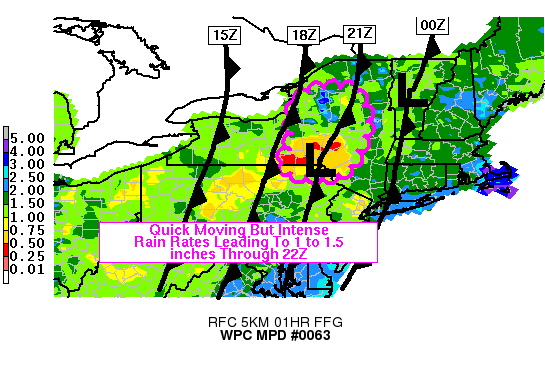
AREAS AFFECTED...PORTIONS OF CNTRL NY

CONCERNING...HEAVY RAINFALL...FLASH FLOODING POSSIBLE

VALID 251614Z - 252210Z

SUMMARY...RAINFALL RATES OF 0.5 TO 1.0 IN/HR OVER A 1-2 HR PERIOD
ARE EXPECTED TO MOVE THROUGH PORTIONS OF CNTRL NY EARLY THIS
AFTERNOON. DUE TO LOW FLASH FLOOD GUIDANCE AND HIGH STREAM
LEVELS...FLASH FLOODING WILL BE POSSIBLE ON A LOCALIZED BASIS.

DISCUSSION...AT 16Z...REGIONAL RADAR IMAGERY AND LIGHTNING
DETECTION SHOWED A NNE-SSW ORIENTED AXIS OF LIGHT TO MODERATE
RAINFALL WITH EMBEDDED HEAVY RAINFALL FROM THUNDERSTORMS TRACKING
RAPIDLY THROUGH WRN NY. KCCX RADAR ALSO SHOWED AN INCREASE IN
REFLECTIVITY VALUES OVER THE PAST 30 MINUTES OVER CLINTON AND
LYCOMING COUNTIES IN N-CNTRL PA. THE ACTIVITY IS OCCURRING AHEAD
OF A COLD FRONT MOVING STEADILY EWD THROUGH WRN NY AND PA. GOES
EAST WATER VAPOR IMAGERY SHOWED THAT A POTENT SHORTWAVE TROUGH
AXIS MOVING THROUGH THE OHIO VALLEY WAS ACQUIRING A NEGATIVE TILT
AS OF 1545Z. 12Z RAOBS ALSO SHOWED A 100 TO 110 KT JET STREAK AT
500 MB BETWEEN DTX AND ILN WHICH IS FORECAST TO TRANSLATE TO THE
SRN ONTARIO/QUEBEC BORDER BETWEEN 18Z AND 21Z...LEAVING THE RIGHT
ENTRANCE REGION OF THE JET STREAK OVER CNTRL NY ALONG WITH
INCREASING MID-UPPER DIFFLUENCE.

WHILE INSTABILITY IS WEAK...AT OR ABOUT 500 J/KG...AND NEARLY
MAXED OUT OVER MUCH OF NY DUE TO CLOUD COVER...INCREASING
DYNAMICAL SUPPORT ALOFT SHOULD HELP TO INCREASE RAINFALL INTENSITY
INTO THE 0.5 TO 1.0 IN/HR RANGE OVER THE NEXT 2-3 HOURS. WHILE THE
AXIS OF RAINFALL WILL BE PROGRESSIVE AHEAD OF THE COLD FRONT...A
PERIOD OF 1-2 HOURS OF THESE RAINFALL RATES IS LIKELY TO ECLIPSE
FLASH FLOOD GUIDANCE IN A FEW AREAS. WHILE FLASH FLOOD GUIDANCE IS
UNUSUALLY LOW...0.25 TO 0.75 IN/HR IN A FEW LOCATIONS ACROSS
S-CNTRL NY AND 1 INCH IN 3 HOURS FOR LOCATIONS EAST OF LAKE
ONTARIO INTO THE MOHAWK VALLEY...NATIONAL WATER MODEL ANALYSES
INDICATE STREAMFLOWS ACROSS THE REGION ARE RUNNING MUCH ABOVE
NORMAL LIKELY TO DUE RECENT SNOW MELT. WHILE THE SITUATION DOES
NOT REPRESENT A TYPICAL FLASH FLOOD SETUP...THERE ARE SIGNALS
POINTING TO A FEW LOCALIZED RUNOFF ISSUES ACROSS PORTIONS OF
UPSTATE NY THROUGH THE EARLY AFTERNOON.